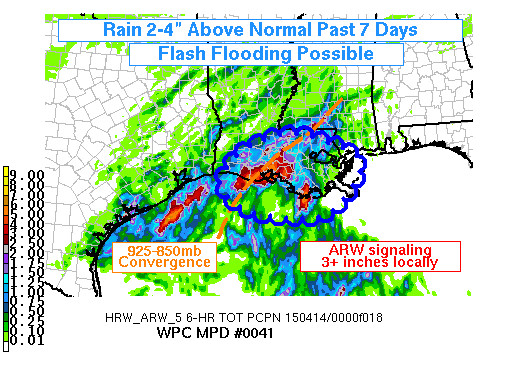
AREAS AFFECTED...SRN LA

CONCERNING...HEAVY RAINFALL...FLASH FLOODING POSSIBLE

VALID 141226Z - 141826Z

SUMMARY...THUNDERSTORMS WITH HEAVY RAIN WILL INCREASE IN
ORGANIZATION AND COVERAGE THIS MORNING. LOCAL AMOUNTS OF 2 TO 3
INCHES IN 2 TO 3 HOURS ARE LIKELY. THIS MAY PRODUCE FLASH
FLOODING...ESPECIALLY SOUTH OF INTERSTATE 10 WHERE RAINFALL WAS 2
TO 4 INCHES ABOVE NORMAL OVER THE PAST WEEK.

DISCUSSION...AT 12Z HEAVY RAINFALL WAS EXPANDING IN COVERAGE ALONG
A ZONE OF LOW LEVEL CONVERGENCE AND LIFT ASSOCIATED WITH THE
ENTRANCE REGION OF A DEVELOPING 250 MB JET STREAK. CONVECTION WAS
ROOTED ALOFT...BUT MAY BECOME INCREASINGLY NEAR-SFC BASED AS
MODEST INSOLATION OCCURS AND LOW LEVEL INFLOW INCREASES PER RAP
FORECASTS. CONVECTION SOUTH OF LAFAYETTE WAS ALREADY TAKING ON A
BROADER...MORE ORGANIZED APPEARANCE. AN MCS OFFSHORE COULD BE A
FACTOR IN HOW THINGS EVOLVE...BUT WITH ONLY WEAK OUTFLOWS
GENERATED IN A HIGH PW ENVIRONMENT...ANY MID LEVEL CIRCULATION
OFFSHORE WOULD STEER TOWARD SE LA...AND MAY ENHANCE LIFT BY
MIDDAY. THIS SIGNAL SEEMS TO APPEAR IN THE GLOBAL MODELS...GFS 600
MB...AND HIGH RESOLUTION MODELS...WRF-ARW SIMULATED REFLECTIVITY.

THE WRF-ARW AND NMM WERE BEST HANDLING THE EARLY MORNING
CONVECTION. PLACEMENT OF THEIR QPF FITS WELL WITH THE PAST TWO
12Z/00Z RUNS OF THE SSEO MEAN. THE 09Z HRRR WAS SLOWER...BUT
EVENTUALLY FILLED IN SRN/SE LA WITH WIDESPREAD 1-3 INCH RAINFALL.
THE VARIOUS METHODS OF PREDICTED MOTION FOR BOTH CELLS AND
CONVECTIVE SYSTEMS EITHER YIELD SLOW 10 KNOT MOTION OR SMALL
CROSSING ANGLES BETWEEN INDIVIDUAL CELLS AND COLD POOL DRIVEN
SEGMENTS...SUGGESTING TRAINING. ISOLATED RAINFALL ABOVE 3 INCHES
AND ASSOCIATED FLASH FLOODING IS POSSIBLE THROUGH 18Z...WITH THE
GREATEST THREAT SLOWLY MIGRATING FROM WEST TO EAST.